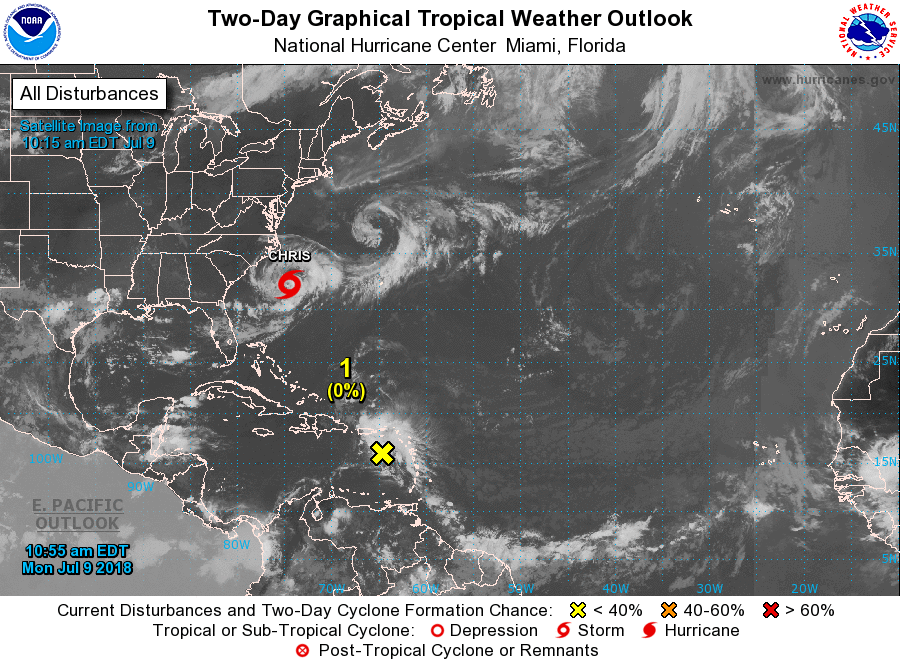
For the North Atlantic...Caribbean Sea and the Gulf of Mexico:

The National Hurricane Center is issuing advisories on Tropical Storm Chris, located a couple of hundred miles south-southeast of the North Carolina Outer Banks.

1. An area of showers and thunderstorms associated with the remnants of Beryl is producing locally heavy rainfall and strong gusty winds over the northeastern Caribbean Sea and the northern Leeward Islands. The disturbance is expected to move west-northwestward for the next day or so, passing over the Virgin Islands and Puerto Rico today, and over Hispaniola tonight. Unfavorable upper-level winds and interaction with land should prevent redevelopment during the next day or two, but environmental conditions could become somewhat conducive for regeneration of a tropical cyclone later this week when the system is forecast to turn northward over the Bahamas and the western Atlantic. Additional information on this system can be found in High Seas Forecasts issued by the National Weather Service.
* Formation chance through 48 hours...low...near 0 percent
* Formation chance through 5 days...medium...40 percent

High Seas Forecasts issued by the National Weather Service can be found under AWIPS header NFDHSFAT1, WMO header FZNT01 KWBC, and available on the Web at http://ocean.weather.gov/shtml/NFDHSFAT1.shtml.

Forecaster Stewart